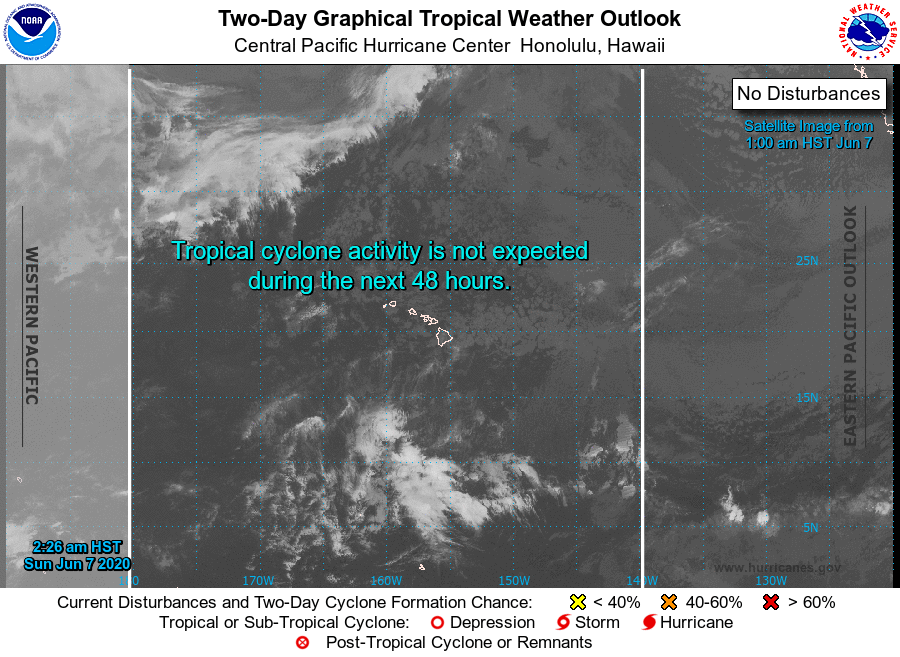
For the central North Pacific...between 140W and 180W:

No tropical cyclones are expected during the next 5 days.

Forecaster Powell